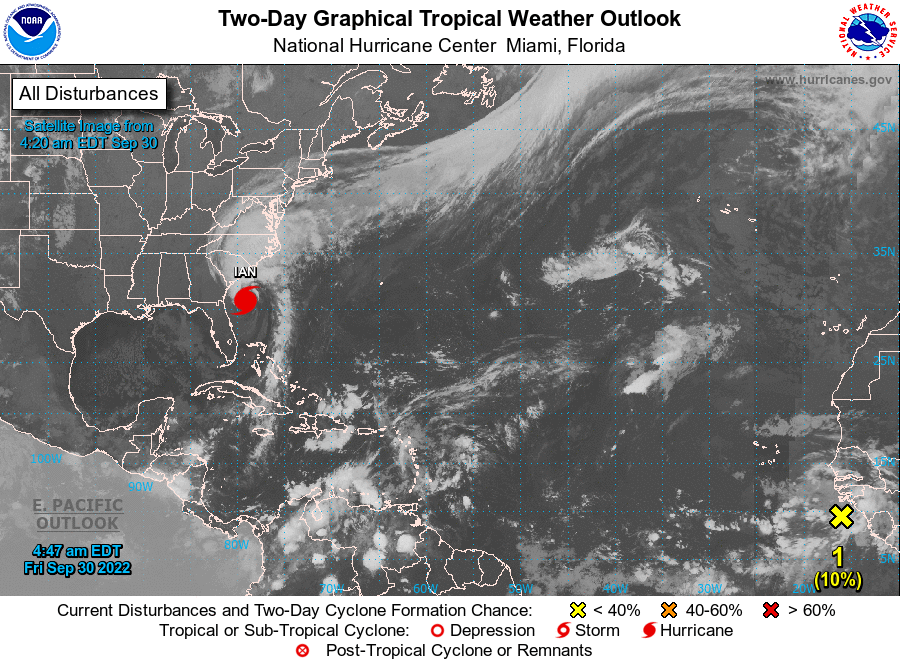
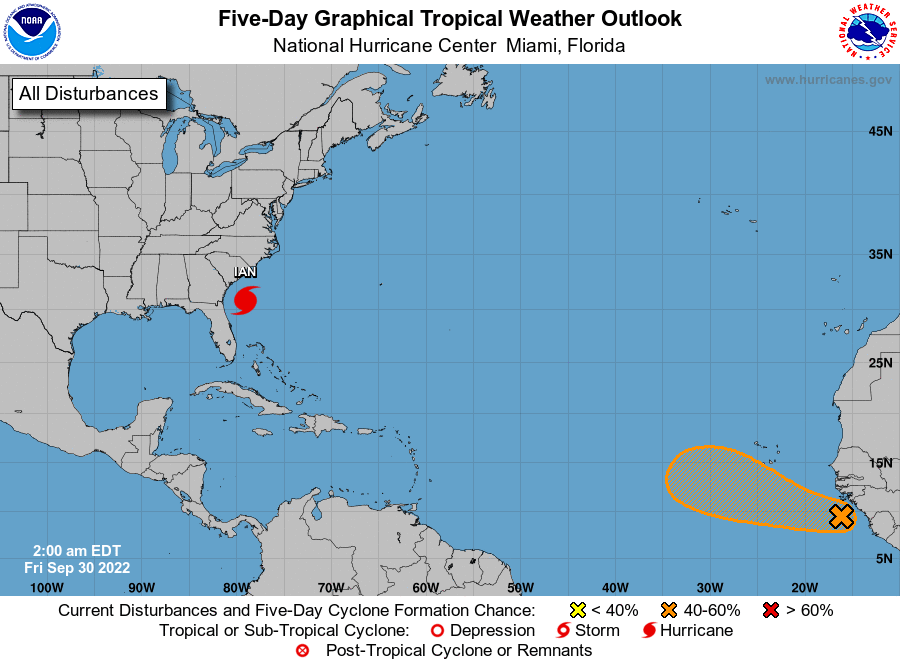
For the North Atlantic...Caribbean Sea and the Gulf of Mexico:

Active Systems: The National Hurricane Center is issuing advisories on Hurricane Ian, located offshore of the northeastern coast of Florida.

1. Eastern Tropical Atlantic: A broad area of showers and thunderstorms off the west coast of Africa is associated with a tropical wave. Environmental conditions are forecast to be conducive for gradual development, and a tropical depression could form early next week as the system moves westward to west-northwestward over the eastern tropical Atlantic.
* Formation chance through 48 hours...low...10 percent.
* Formation chance through 5 days...medium...50 percent.

Forecaster Reinhart